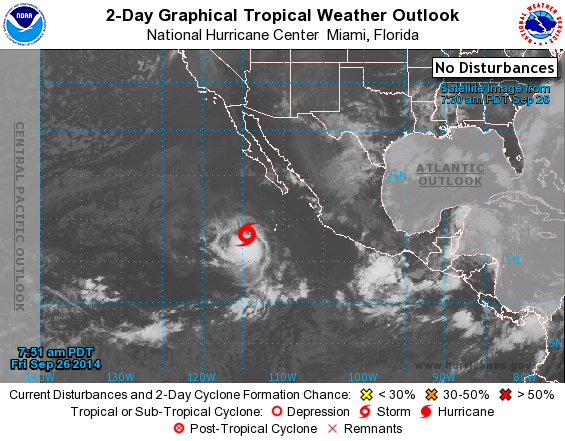
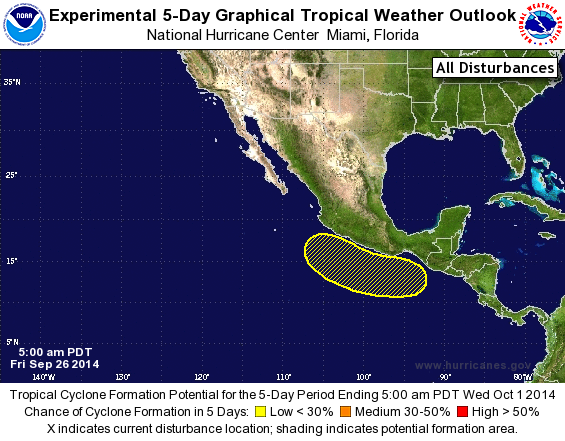
For the eastern North Pacific...east of 140 degrees west longitude:

The National Hurricane Center is issuing advisories on Tropical Storm Rachel, located several hundred miles south-southwest of the southern tip of the Baja California peninsula.

1. An area of low pressure could develop this weekend or early next week south of the coast of southeastern Mexico. Environmental conditions appear conducive for some subsequent development while the system moves west-northwestward.
* Formation chance through 48 hours...low...near 0 percent.
* Formation chance through 5 days...low...20 percent.

Forecaster Brennan